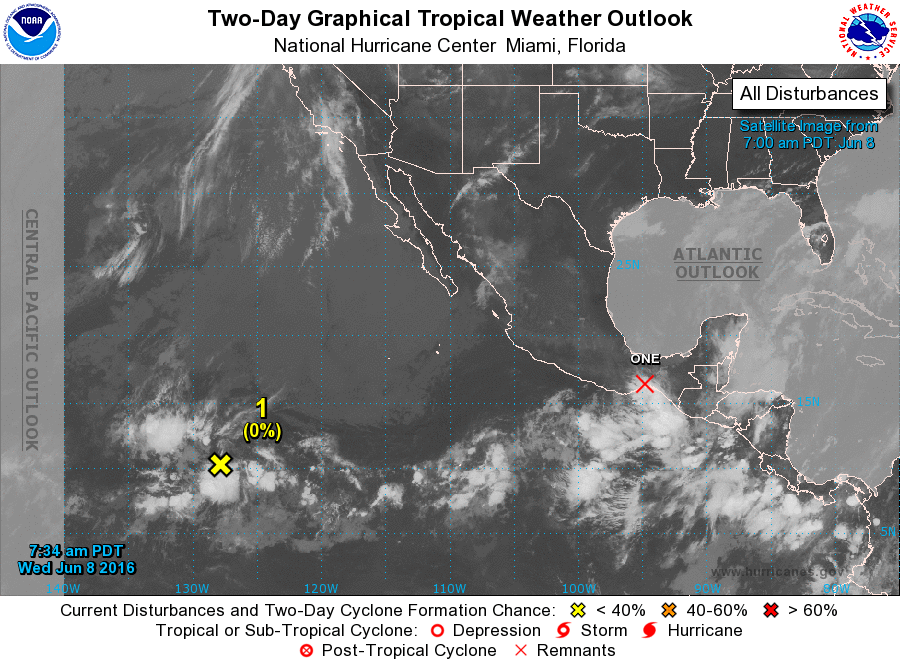
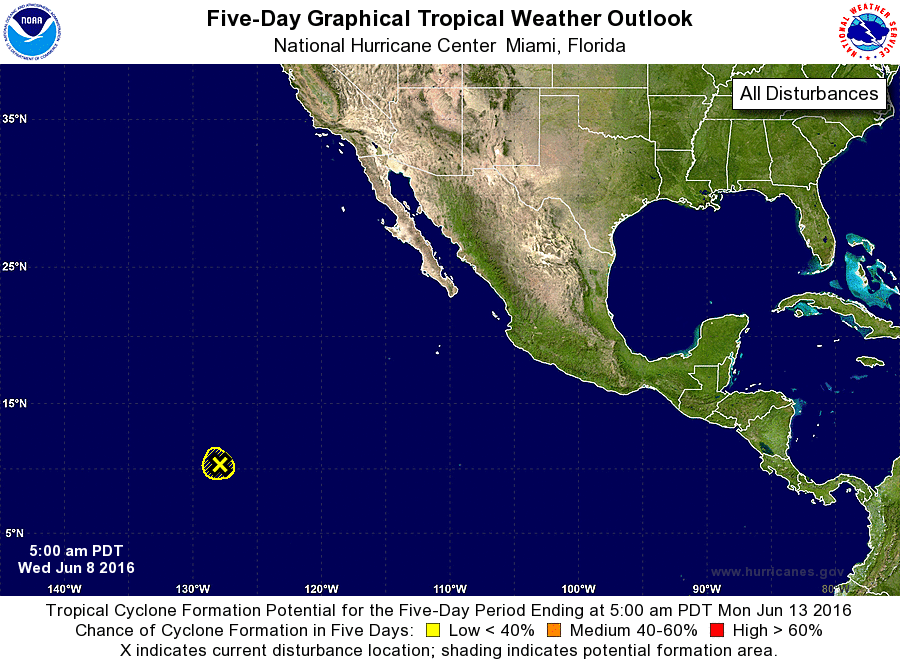
For the eastern North Pacific...east of 140 degrees west longitude:

The National Hurricane Center is issuing advisories on Tropical Depression One-E, located near southeastern Mexico.

1. A low pressure area located about 1450 miles southwest of the southern tip of the Baja California peninsula is producing sporadic bursts of disorganized showers and thunderstorms. Environmental conditions have become less conducive, and development of this system is unlikely.
* Formation chance through 48 hours...low...near 0 percent
* Formation chance through 5 days...low...near 0 percent

Forecaster Pasch